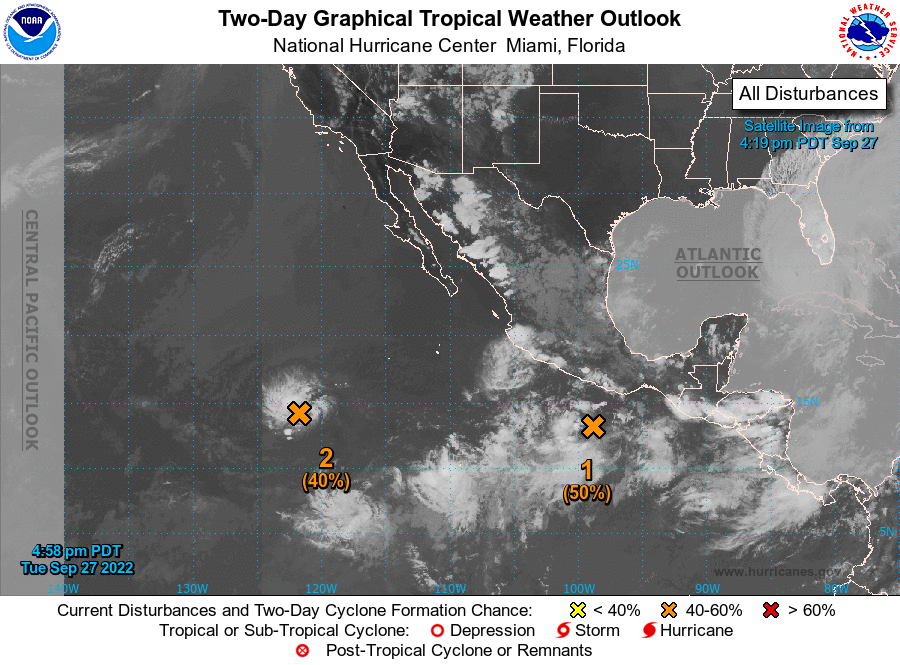
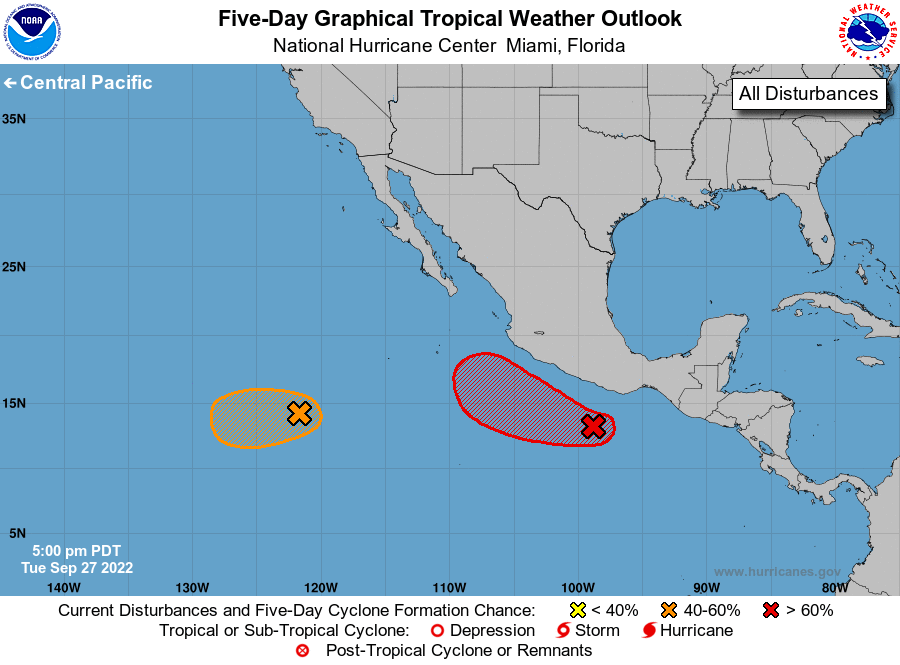
For the eastern North Pacific...east of 140 degrees west longitude:

1. South of the Southern Coast of Mexico: An area of low pressure located south of the southern coast of Mexico is producing disorganized showers and thunderstorms. Environmental conditions appear conducive for development, and a tropical depression is likely to form during the next few days while the system moves westward to west-northwestward off the coast of southern and southwestern Mexico.
* Formation chance through 48 hours...medium...50 percent.
* Formation chance through 5 days...high...80 percent.

2. Western East Pacific: The remnants of Newton are located nearly 1,000 miles southwest of the southern tip of the Baja California Peninsula. Bursts of shower and thunderstorm activity associated with the low has shown signs of organization today. Some additional slight development of the system is possible for the next day or two and it could briefly become a tropical depression again while it moves generally westward over the western portion of the eastern North Pacific. Environmental conditions are expected to become less conducive for additional development by the end of the week.
* Formation chance through 48 hours...medium...40 percent.
* Formation chance through 5 days...medium...40 percent.

Forecaster D. Zelinsky